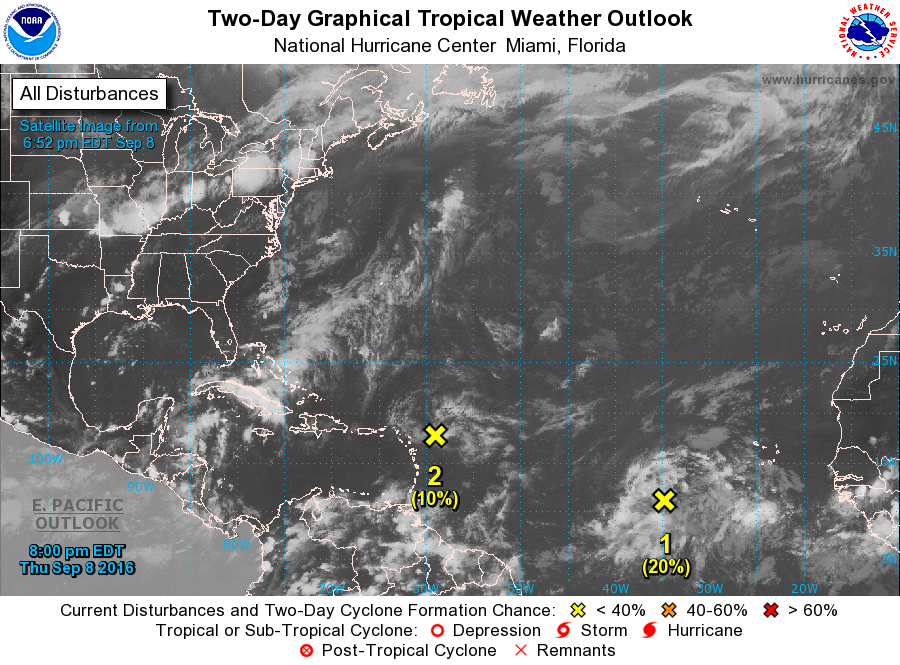
For the North Atlantic...Caribbean Sea and the Gulf of Mexico:

1. A large but disorganized area of disturbed weather located about 700 miles west-southwest of the Cabo Verde Islands is associated with a westward-moving tropical wave. Any development of this system will likely be slow to occur during the next couple of days. However, conditions are forecast to become more favorable early next week, and a tropical depression could form in the central Atlantic while the system moves northwestward.
* Formation chance through 48 hours...low...20 percent
* Formation chance through 5 days...medium...60 percent

2. A large area of cloudiness with showers and a few thunderstorms located about 200 miles east of the northern Leeward Islands is associated with a weak disturbance. Surface pressures remain high in this area, and there are no signs of a surface circulation. During the next few days, this system is expected to move west- northwestward at 15 to 20 mph, and conditions are not expected to be conducive for significant development.
* Formation chance through 48 hours...low...10 percent
* Formation chance through 5 days...low...20 percent

Forecaster Brennan